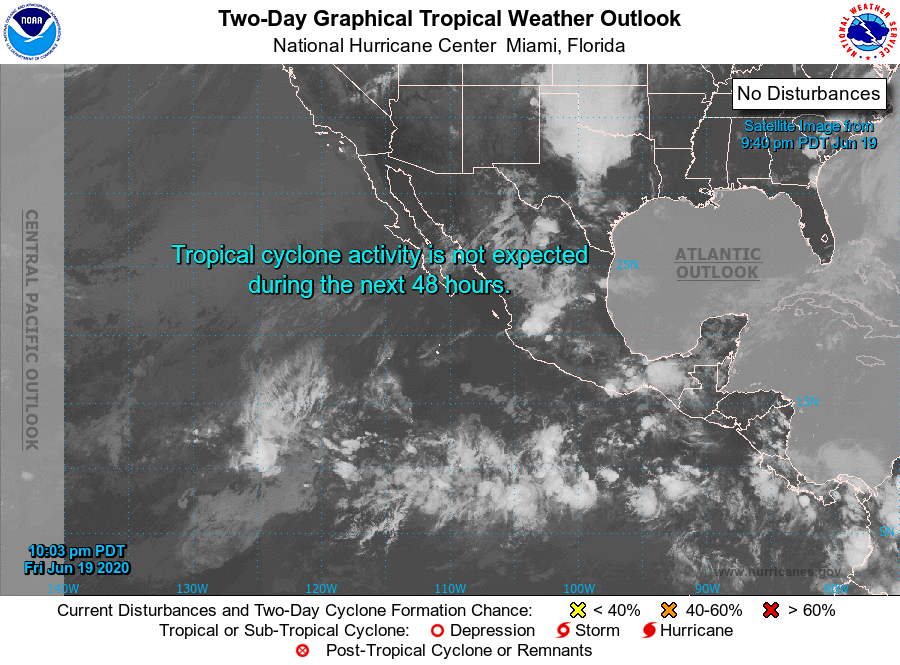
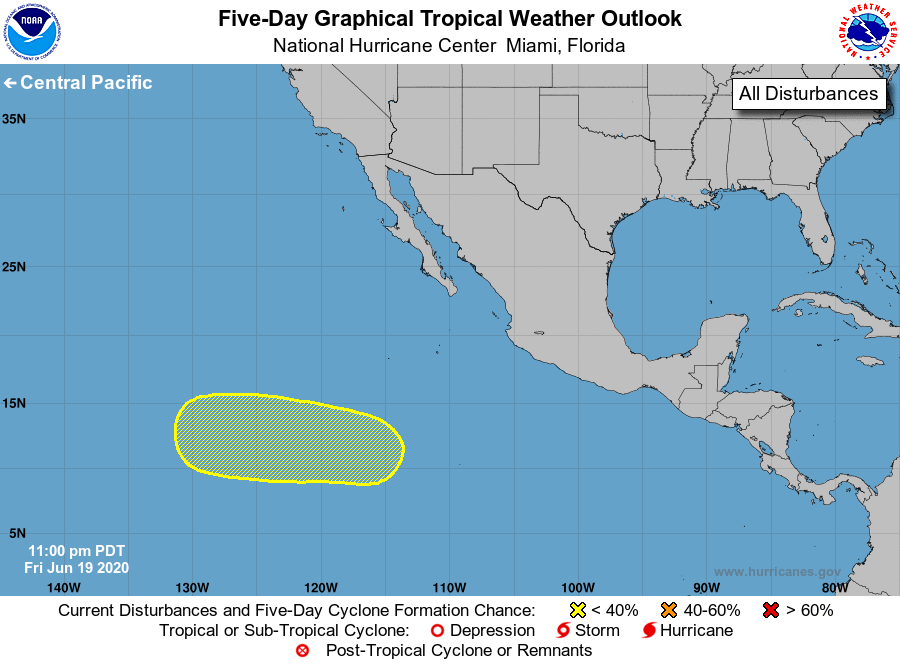
For the eastern North Pacific...east of 140 degrees west longitude:

1. Disorganized showers and thunderstorms are associated with a broad area of low pressure located more than 1000 miles southwest of the southern tip of the Baja California peninsula. A more concentrated low pressure system could form within this region during the next few days and environmental conditions could support some slow development of the system through early next week while it moves generally westward.
* Formation chance through 48 hours...low...near 0 percent.
* Formation chance through 5 days...low...30 percent.

Forecaster Zelinsky